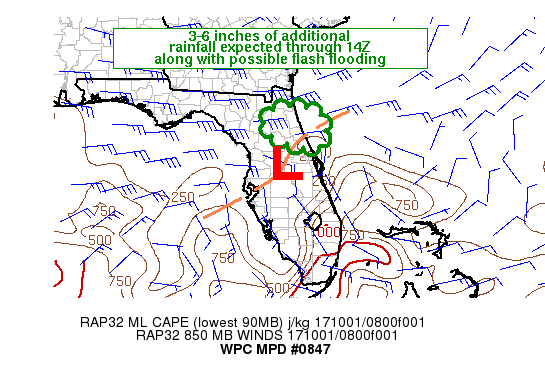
AREAS AFFECTED...NERN FL PENINSULA

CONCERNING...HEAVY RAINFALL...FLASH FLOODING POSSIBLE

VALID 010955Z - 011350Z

SUMMARY...SLOW MOVING CORES OF HEAVY RAIN ARE LIKELY TO PERSIST
ALONG THE NERN FL PENINSULA FOR AT LEAST ANOTHER 2-3 HOURS.
RAINFALL RATES NEAR 3 IN/HR WILL BE POSSIBLE WHICH MAY LEAD TO
FLASH FLOODING.

DISCUSSION...EXPERIMENTAL GOES 16 10.3 MICRON CLEAN WINDOW IR
IMAGERY SHOWED THE RECENT DEVELOPMENT OF COLDER CLOUD TOPS OVER
ST. JOHNS COUNTY IN NERN FLORIDA AFTER THE WARMING OF CLOUD TOPS
TIED TO A WEAKENING MCV FARTHER EAST OVER OPEN WATER. KJAX RADAR
IMAGERY SHOWED SLOW MOVING CORES OF HEAVY RAIN IN ST. JOHNS
COUNTY...STRETCHING SOUTH ALONG I-95 INTO FLAGLER COUNTY WITH TWO
WUNDERGROUND.COM OBSERVATION STATIONS JUST NORTH OF PALM COAST
REPORTING RAINFALL RATES NEAR 2 IN/HR ENDING 0920Z...SLIGHTLY
HIGHER THAN RADAR ESTIMATED RAIN RATES OF 1.5 IN/HR.

KJAX VAD WINDS AND RAP ANALYSES SUPPORT ROUGHLY 30 KT OF
CONVERGENT EASTERLY 850 MB FLOW INTO THE COAST WHERE LFC-EL MEAN
WINDS WERE NEARLY STATIONARY. IT APPEARS A SMALL MCV IN SOUTHERN
ST. JOHNS COUNTY COULD BE LATCHED ONTO A TROUGH ORIENTED NORTHEAST
TO SOUTHWEST ACROSS THE AREA...KEEPING HEAVY RAINFALL NEARLY
STATIONARY OVER THE REGION. SPC MESOANALYSES INDICATED THE
RAINFALL WAS OCCURRING ON THE NORTHERN EDGE OF WEAK MLCAPE WITH
VALUES OF 100-250 J/KG. SHORT TERM FORECASTS FROM THE RAP/HRRR
SUGGEST LOW LEVEL WINDS AND CAPE WILL REMAIN ABOUT THE SAME OVER
THE NEXT FEW HOURS AMID PRECIPITABLE WATER VALUES OF 2.2 TO 2.3
INCHES.

WHILE MANY OF THE RECENT HRRR AND EXPERIMENTAL HRRR CYCLES HAVE
NOT BEEN HANDLING ONGOING RAINFALL WELL...THE 01Z RUN OF THE
EXPERIMENTAL HRRR IS CLOSE TO CURRENT OBSERVATIONS...ALBEIT
DISPLACED TO THE NORTH. THIS RUN AND SHORT TERM EXTRAPOLATION
SUGGEST 3-6 ADDITIONAL INCHES OF RAINFALL WILL BE POSSIBLE OVER
NORTHEASTERN FLORIDA...FOCUSING FROM CLAY/PUTNAM INTO ST. JOHNS
AND FLAGLER COUNTIES. THESE AMOUNTS COULD LEAD TO FLASH
FLOODING...ESPECIALLY IF IT FALLS OVER MORE URBAN LOCATIONS.